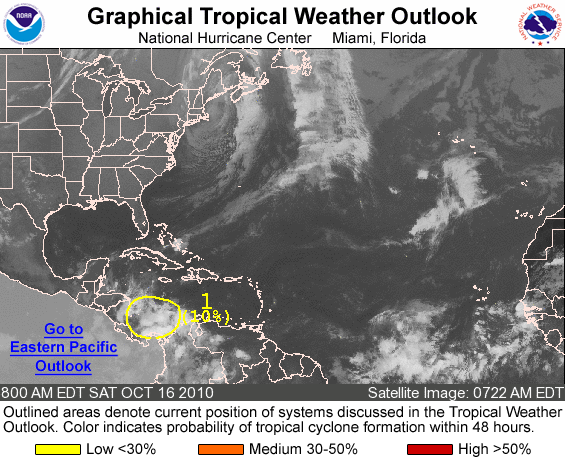
FOR THE NORTH ATLANTIC...CARIBBEAN SEA AND THE GULF OF MEXICO...

1. DISORGANIZED SHOWERS AND THUNDERSTORMS LOCATED OVER THE SOUTHWESTERN CARIBBEAN SEA ARE ASSOCIATED WITH A WEAK TROUGH OF LOW PRESSURE. SLOW DEVELOPMENT OF THIS SYSTEM IS POSSIBLE DURING THE NEXT COUPLE OF DAYS AS IT DRIFTS NORTHWARD OR NORTHWESTWARD. THERE IS A LOW CHANCE...10 PERCENT...OF THIS SYSTEM BECOMING A TROPICAL CYCLONE DURING THE NEXT 48 HOURS.

ELSEWHERE...TROPICAL CYCLONE FORMATION IS NOT EXPECTED DURING THE NEXT 48 HOURS.

FORECASTER BRENNAN